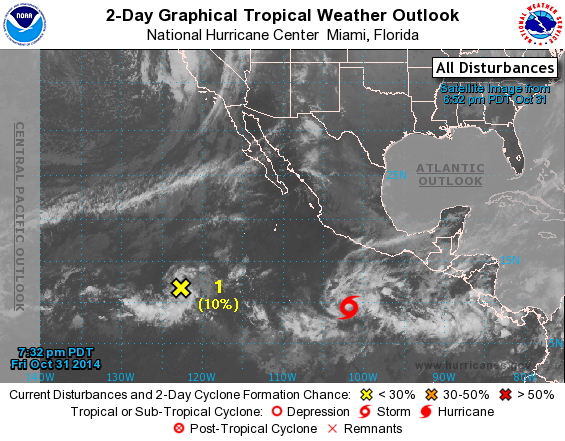
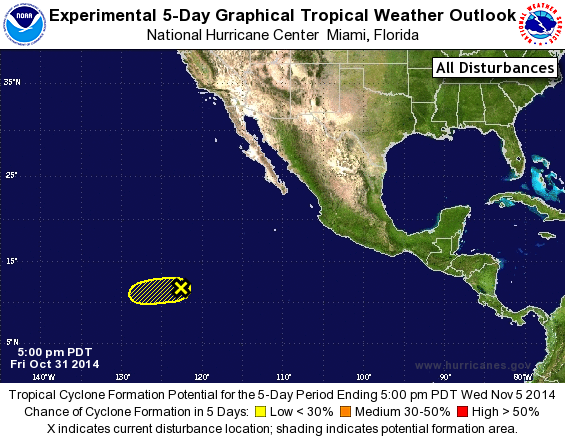
For the eastern North Pacific...east of 140 degrees west longitude:

The National Hurricane Center is issuing advisories on Tropical Storm Vance, located several hundred miles south of Acapulco, Mexico.

1. A low pressure system located about 1100 miles southwest of the southern tip of the Baja California peninsula is showing some signs of organization. Slow development of this system is possible before upper-level winds become less favorable by early next week. The low is expected to move toward the west-southwest at 5 to 10 mph over the next few days.
* Formation chance through 48 hours...low..10 percent.
* Formation chance through 5 days...low...20 percent.

Forecaster Stewart